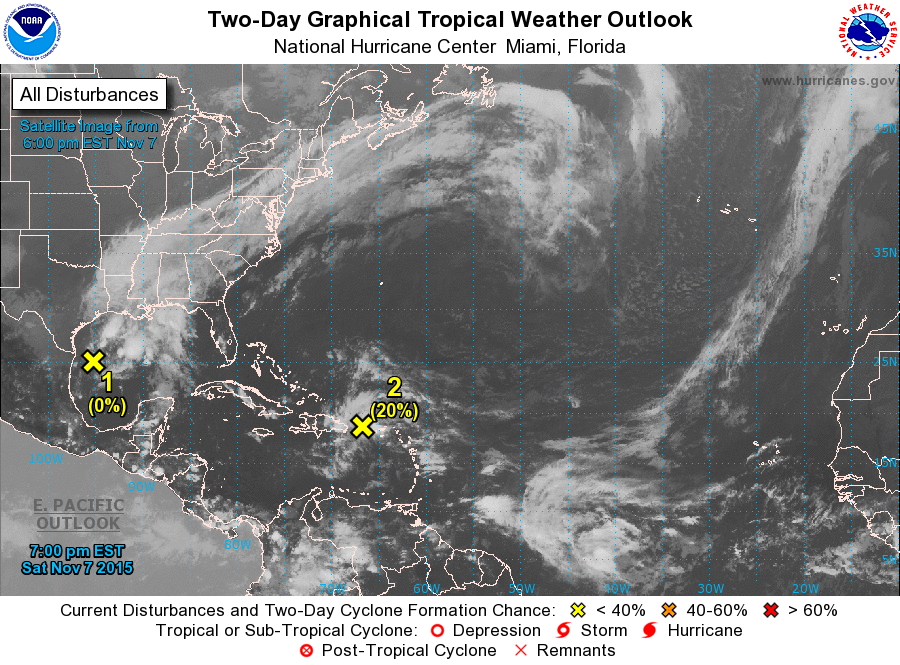
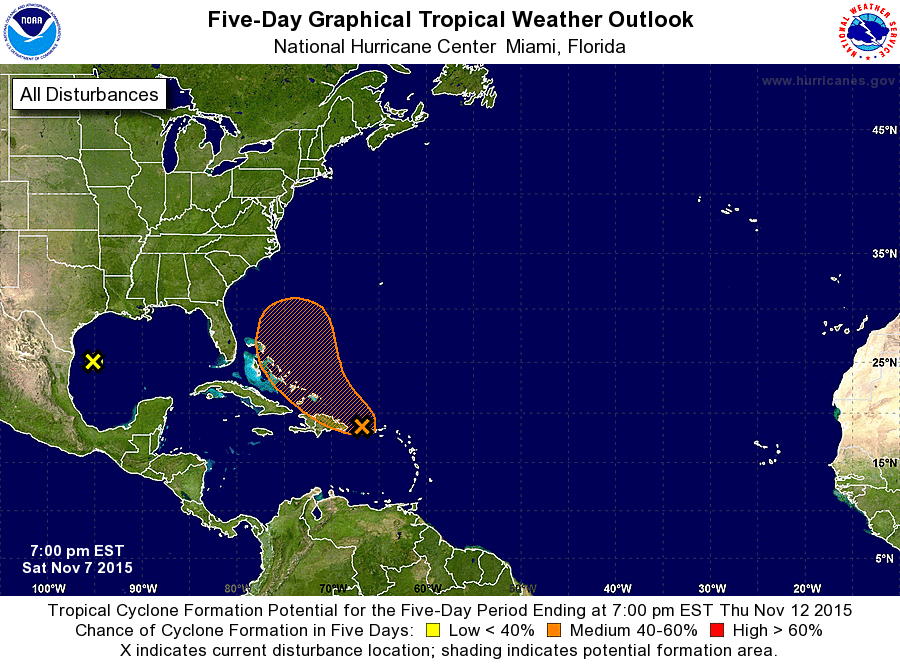
For the North Atlantic...Caribbean Sea and the Gulf of Mexico:

1. An elongated low pressure area located about 150 miles east- southeast of Brownsville, Texas, is producing disorganized showers. This system is forecast to merge with a cold front over the northwestern Gulf of Mexico later tonight, and development of the low is not expected.
* Formation chance through 48 hours...low...near 0 percent
* Formation chance through 5 days...low...near 0 percent

2. An area of cloudiness and showers extending northward from the east-central Caribbean Sea across the Dominican Republic and Puerto Rico is associated with a surface trough. There are no signs of organization at this time, however some gradual development of this disturbance is possible during the next few days while it moves west-northwestward toward the southeastern and central Bahamas. Regardless of development, locally heavy rains are possible over the Leeward Islands, the Virgin Islands, Puerto Rico, Hispaniola, and the southeastern Bahamas during the next few days.
* Formation chance through 48 hours...low...20 percent
* Formation chance through 5 days...medium...50 percent

Forecaster Brown